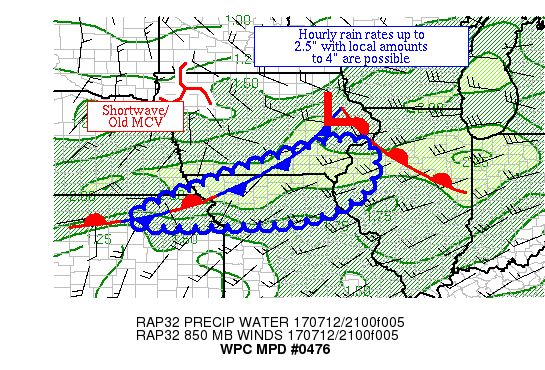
AREAS AFFECTED...NORTHEAST KS & THE MO/IA BORDER

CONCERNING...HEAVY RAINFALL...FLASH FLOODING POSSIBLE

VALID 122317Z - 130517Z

SUMMARY...CONVECTION IS BREAKING THE CAPPING INVERSION NEAR THE
KS/MO/NE BORDER INTERSECTION.  HOURLY RAIN RATES TO 2.5" WITH
LOCAL AMOUNTS TO 4" ARE POSSIBLE.

DISCUSSION...RECENT RADAR/SATELLITE IMAGERY SHOWS A NEW BATCH OF
CONVECTION ACROSS NORTHEAST KS.  A SHORTWAVE/OLD MCV MOVING INTO
NORTHWEST IA APPEARS TO BE HELPING AID DIVERGENCE ALOFT.
PRECIPITABLE WATER VALUES ARE NEAR 2".  INSTABILITY IS SIGNIFICANT
HERE, WITH MLCAPE VALUES OF 2500-4500 J/KG AND MU CAPE VALUES OF
4000-5000 J/KG.  CIN IS FINALLY ERODING IN THIS AREA PER SPC
MESOANALYSES.  INFLOW AT 850 HPA IS SOUTHWEST AT 20 KTS, NEAR THE
MAGNITUDE OF THE MEAN 850-400 HPA WIND.  EFFECTIVE BULK SHEAR IS
~30 KTS, WHICH IS HELPING TO ORGANIZE THE ACTIVITY INTO A SHORT
BAND.

MOST OF THE 12Z MESOSCALE GUIDANCE HAS FAILED IN THIS REGION.  THE
12Z WRF NSSL, 18Z CANADIAN REGIONAL, AND RECENT RAP/HRRR RUNS
APPEAR TO HAVE SOME CONCEPT OF WHAT IS EXPECTED HERE.  ALTHOUGH
CIN IS EXPECTED TO SET BACK IN DURING THE NEXT FEW HOURS, THE
DEGREE OF CONVECTIVE ELEVATION OVER THE SURFACE BOUNDARY IS LIKELY
TO BE MINIMAL DUE TO THE MAGNITUDE OF INSTABILITY FORECAST OVER
THE NEXT SEVERAL HOURS.  INCREASING LOW-LEVEL INFLOW WITH TIME
IMPLIES THE POSSIBILITY OF CONVECTIVE BACKBUILDING, WHILE THE NEAR
UNIDIRECTIONAL FLOW WITH HEIGHT SUPPORTS TRAINING BANDS.  MOTION
TO THE EAST AT 20 KTS IS EXPECTED.  HOURLY RAIN RATES UP TO 2.5",
WITH LOCAL AMOUNTS TO 4", APPEAR POSSIBLE.